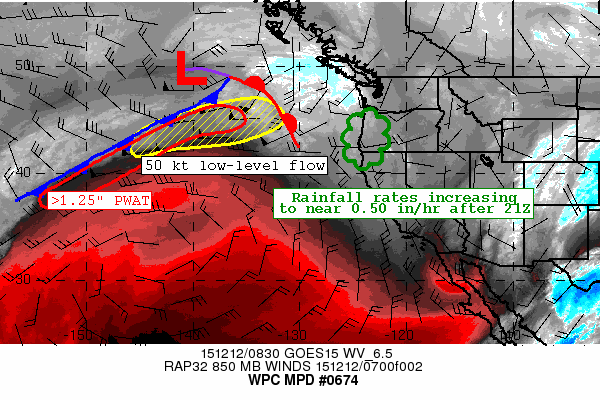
AREAS AFFECTED...SISKIYOUS...OREGON COASTAL RANGE AND OREGON
CASCADES

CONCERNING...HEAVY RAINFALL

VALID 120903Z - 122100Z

SUMMARY...A MOISTURE PLUME ACCOMPANIED BY A SURFACE FRONTAL SYSTEM
WILL BEGIN TO MOVE ONSHORE THIS AFTERNOON -- BRINGING THE
POTENTIAL FOR HEAVY RAINFALL TO THE SISKIYOUS...OREGON COASTAL
RANGE...AND THE SOUTHERN CASCADES. CURRENT TIMING ALONG WITH MODEL
DATA SUGGEST RAINFALL RATES SHOULD BEGIN TO INCREASE AFTER 21Z.
LATEST AMSU DATA SUGGEST CURRENT RAINFALL RATES IN THIS PLUME ARE
GENERALLY A QUARTER INCH OR LESS PER HOUR. IMPROVED
MID/UPPER-LEVEL FORCING ALONG WITH OROGRAPHIC EFFECTS SHOULD
RESULT IN RAINAFLL RATES INCREASING TO NEAR 0.50 IN/HR OVER THESE
AREAS AFTER 21Z.

DISCUSSION...CURRENT WATER VAPOR/IR SATELLITE IMAGERY SHOW A
WELL-DEFINED LOW PRESSURE SYSTEM OVER THE NORTHEASTERN PACIFIC
OCEAN EARLY THIS MORNING. BLENDED TPW DATA INDICATE PWAT VALUES IN
MOISTURE PLUME AHEAD OF THIS SYSTEM ARE GENERALLY IN THE 1.25-1.50
INCH RANGE. INSTABILITY IS LIMITED AND RATHER SHALLOW AS INDICATED
BY RAP/GFS DATA AND A LACK OF LIGHTNING AT THE CURRENT TIME.

WARM FRONTAL PRECIPITATION WILL ARRIVE ACROSS THE NORTHWESTERN
U.S. THIS MORNING...WITH RAINFALL RATES GENERALLY LESS THAN 0.25
IN/HR. THE MAIN EVENT WILL BEGIN IN THE 21Z-00Z TIME FRAME AS THE
PLUME OF DEEP MOISTURE ARRIVES AT THE COAST AND LOW-LEVEL ONSHORE
FLOW INCREASES TO NEAR 50 KNOTS. AT THE SAME TIME...MID/UPPER-LVL
FORCING WILL IMPROVE AS HEIGHTS FALL AND A MID/UPPER-LVL LOW
CLOSES OFF WEST OF BRITISH COLUMBIA. AS A RESULT...BROAD
UPPER-LEVEL DIVERGENCE WILL INCREASE ACROSS THE NORTHWESTERN U.S.
WHILE CURRENT AMSU INDICATE RAINFALL RATES IN THIS MOISTURE PLUME
ARE GENERALLY 0.25 IN/HR OR LESS...THESE SHOULD INCREASE TO NEAR
0.50 IN/HR AS THE PLUME REACHES THE COAST THIS AFTERNOON DUE TO
OROGRAPHIC EFFECTS AND THE IMPROVING MID/UPPER-LEVEL DYNAMICS. 1-2
INCHES OF RAINFALL ARE POSSIBLE THROUGH 00Z...WITH ADDITIONAL
HEAVIER AMOUNTS EXPECTED AFTER 00Z.